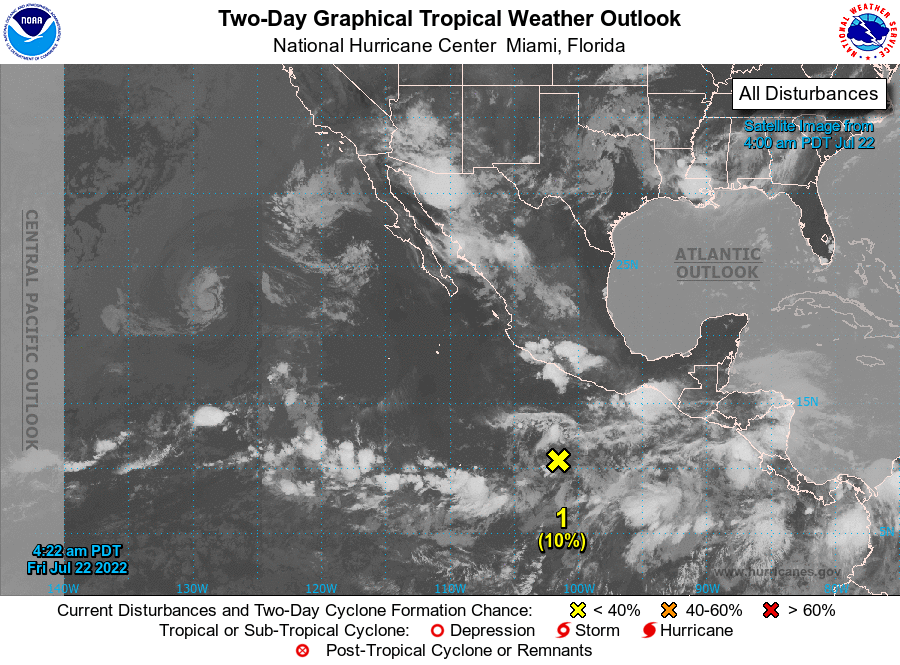
For the eastern North Pacific...east of 140 degrees west longitude:

1. Offshore of Southern Mexico: Showers and thunderstorms located several hundred miles offshore of southern Mexico have weakened since yesterday in association with an elongated trough of low pressure. Development, if any, is expected to be slow to occur as the trough moves slowly westward or west-northwestward at 5 to 10 mph through early next week.
* Formation chance through 48 hours...low...10 percent.
* Formation chance through 5 days...low...10 percent.

2. Offshore of Central America and Southern Mexico: An area of low pressure is forecast to develop in a few days several hundred miles offshore of the coasts of El Salvador, Guatemala, and southern Mexico. Some gradual development of this system is possible thereafter while the system moves generally westward at 10 to 15 mph through early next week.
* Formation chance through 48 hours...low...near 0 percent.
* Formation chance through 5 days...low...20 percent.

Forecaster Blake